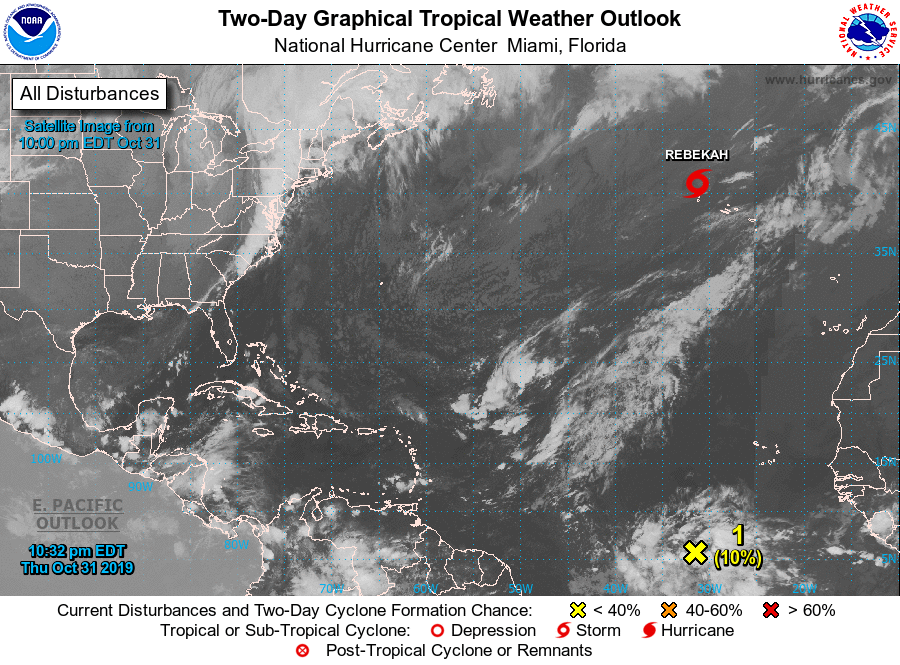
For the North Atlantic...Caribbean Sea and the Gulf of Mexico:

The National Hurricane Center is issuing advisories on Subtropical Storm Rebekah located over the north Atlantic, several hundred miles northwest of the Azores.

1. Disorganized showers and thunderstorms are persisting nearly 1000 miles southwest of the Cabo Verde Islands. Development of this this disturbance, if any, will occur during the next day or two while it moves generally westward across the central Atlantic. Thereafter, upper-level winds are forecast to become unfavorable for further development.
* Formation chance through 48 hours...low...10 percent.
* Formation chance through 5 days...low...10 percent.

Forecaster Avila